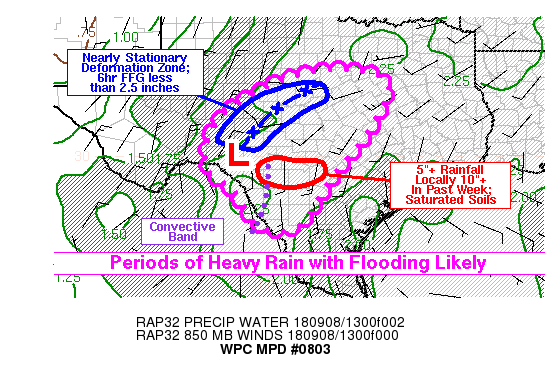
Areas affected...South-Central and Central Texas

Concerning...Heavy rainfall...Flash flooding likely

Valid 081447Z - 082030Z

Summary...Periods of heavy rain will continue today across
south-central and central Texas. The heavy rain may be more
focused in two areas: (1) from the Rio Grande near Eagle Pass
northeast toward the greater San Antonio area; (2) Texas Hill
Country / Concho Valley from near Sonora to near Brownwood. Rain
rates of 1-2 in/hr will be common and localized heavier rain rates
to around 3 in/hr will be possible. Many parts of south-central
and central Texas have recently received rainfall, and additional
heavy rain would likely cause flash flooding.

Discussion...Flash flooding is becoming increasingly likely again
today across portions of south-central and central Texas. Many
portions of the region, particularly in the Concho Valley and from
San Antonio metro west to Uvalde, have substantially reduced flash
flood guidance due to recent heavy rainfall. Most of the same
areas have received over 4-5 inches of rain in the past week, and
localized amounts in excess of 10 inches have also been observed.
Streamflow in the Uvalde to San Antonio region is running above
the 90th percentile right now, and on some streams above the 97th
percentile. Therefore, the region is hydrologically primed for
flash flooding given additional heavy rainfall, and some parts of
the area are historically vulnerable to flash flooding -- such as
the Balcones Escarpment that extends through San Antonio metro.

Even in the absence of favorable hydrologic conditions, the
atmospheric setup is favorable for flooding. GPS-PW observations
and the 12Z sounding from DRT showed precipitable water values in
the 2.2 to 2.3 inch range over south-central Texas. The DRT
sounding also showed a tall, narrow CAPE profile with most of the
positively buoyant region concentrated below -10C, a classic
signature for efficient rain production and flash flooding events.
Furthermore, the DRT sounding also showed mean cloud-layer wind of
just 1 knot, and effective storm motions across the entire region
should be very slow. All these ingredients are strong signals for
flash flood potential. The environment supports shallow
convection, with highest radar reflectivity focused below the
melting layer, and this could lead to radar underestimation of
rain rates.

The RAP forecasts a weak low-level cyclone (sfc-850mb) to drift
just north of Del Rio through the daytime hours, with a nearly
stationary deformation zone extending to the northeast. A band of
rain would be favored in this area of relatively strong low-level
deformation, and this rain band may also be able to lock into
certain areas for extended periods of time given the steady state
of the low and associated wind fields. Although the radar
presentation may, at times, seem more stratiform, the strong
low-level forcing and tropical moisture will favor highly
efficient warm rain processes in the convective bands and
relatively high rain rates. The soils underneath the deformation
band are already saturated or near saturated, so a nearly
stationary convective band seems likely to cause additional
flooding.

Further to the southeast and east, greater convective instability
is expected. A convective band with colder cloud tops and
lightning already stretched from Real County SSW into Maverick
County. This was showing a slight eastward drift with time, and
may be able to sustain itself in some form into the afternoon.
Additional convection may develop to the immediate east, or up the
I-35 corridor into central Texas. Hi-res models appear to be
underestimating the coverage and intensity of this convection, but
given the deep tropical moisture plume, there should not be a lot
of convective inhibition and the expectation is that thunderstorms
would continue to be favored along mesoscale boundaries. Flash
flooding appears likely with the ongoing deeper convective band in
south-central Texas, particularly where it can intersect the
Uvalde to San Antonio corridor -- an area that has received
significant rainfall in the past week.